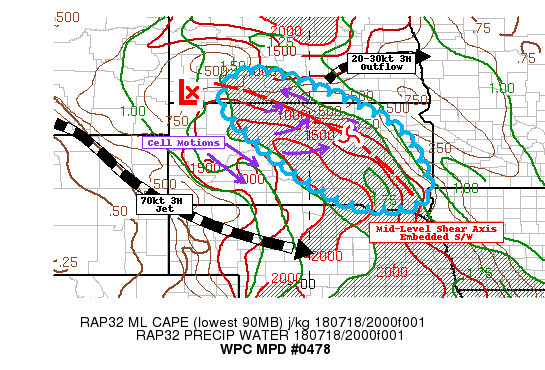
AREAS AFFECTED...SOUTH CENTRAL ND...NORTH CENTRAL TO SOUTHEAST
SD...

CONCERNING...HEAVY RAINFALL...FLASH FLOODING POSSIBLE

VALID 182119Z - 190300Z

SUMMARY...CONFLUENT/MERGING CONVECTIVE CELLS ALONG SHEAR AXIS WITH
AMPLE INSTABILITY/MOISTURE POSE FLASH FLOODING THROUGH THIS
EVENING.

DISCUSSION...GOES-16 WV SUITE DEPICTS ELONGATED SHEAR AXIS FROM
NDAK TO LOWER MS VALLEY WITH CURRENT FULCRUM OF ROTATION/MEAN
CENTER IN SW NDAK WITH STRONG BUT SHEARING VORT CENTER OVER NE SD
LIFTING NORTH.  WEAK/LIMITED OR CONFLUENT CELL MOTION VECTORS
ALIGN NEAR THIS SHEAR AXIS BUT ALSO SLIGHTLY SOUTHWEST OF THE
DIFFERENTIAL HEATING BOUNDARY FROM MID-LEVEL CLOUD COVER THAT HAS
BEEN BREAKING THROUGH THE LAST FEW HOURS FROM SOUTH CENTRAL NDAK
TO SE SDAK.  AS SUCH NARROW AXIS OF POTENT INSTABILITY HAS BUILT
ACROSS CENTRAL SDAK WITH MLCAPES TO 2000 J/KG AND Q-AXIS JUST A
BIT EAST WITH VALUES UP TO 1.75".  DPVA FROM FULCRUM VORT CENTER
IS SPARKING CONVECTION BUT VERY STRONG DIRECTIONAL MST CONVERGENCE
IN THE LOWEST LEVELS ALONG THE MST/INSTABILITY AXIS IS SPARKING
TWO LINES OF CONVECTION...THE ONE ACROSS NW SDAK IS PROPAGATING
QUICKLY IN THE STRENGTHENING NORTHWESTERLY JET (WHICH WILL NOT
POSE MUCH OF A FLASH FLOODING RISK DUE TO THE MOTIONS) AND A NW-SE
BAND OF MORE DISCRETE FROM CORSON TO STANLEY COUNTIES...THESE
CELLS WILL INITIALLY BE SEVERE BUT IN HIGHLY DIVERGENT FLOW
THROUGH A GOOD DEPTH OF THE MID TO UPPER TROPOSPHERE WILL SUPPORT
SLOWED CELL MOTIONS WITH EVENTUAL MERGERS AS THEY CONTINUE TO
EXPAND UPSCALE.  RAIN RATES OF 1.5-2"/HR ARE LIKELY WITH THESE
CELLS BUT IT IS THE MERGERS/SLOWING OF THE CELL MOTIONS THAT WILL
ALLOW FOR 3-5" TOTALS THROUGH 03Z LEADING TO FLASH FLOODING.
FLASH FLOODING WOULD BE MORE LIKELY IF THE CELLS WOULD START TO
STALL IN THE LOWERED FFG AXIS THAT IS GENERALLY WEST OF THE BEST
MOISTURE/INSTABILITY FROM CORSON TO GREGORY COUNTIES...BUT THIS IS
LOOKING A BIT LESS LIKELY GIVEN THE CURRENT TRENDS.  EVEN THOUGH
FFG IS HIGHER 2-3" INCHES/3HRS...THERE IS STILL A MODERATE
PROBABILITY OF EXCEEDING IT THROUGH 03Z.  THIS IS IN LINE WITH
RECENT HRRR RUNS AND THE HREF MEAN (AT LEAST AXIS/TIMING OF
CONVECTION).

A FEW ADDITIONAL CELLS ARE DEVELOPING ALONG THE FAR NE EDGE OF THE
INSTABILITY POOL/DIFFERENTIAL HEATING GRADIENT.  THEY ARE NOT
WITHIN THE GREATEST MOISTURE POOL BUT HAVE SUFFICIENT INFLUX TO
GENERATE MODERATE TO HEAVY RAIN RATES.  CELL MOTIONS WILL BE NEAR
ZERO OR VERY SLOW MOVING TO ALLOW FOR SOME MORE ISOLATED TOTALS
WHERE THE CORES REMAIN STATIONARY.